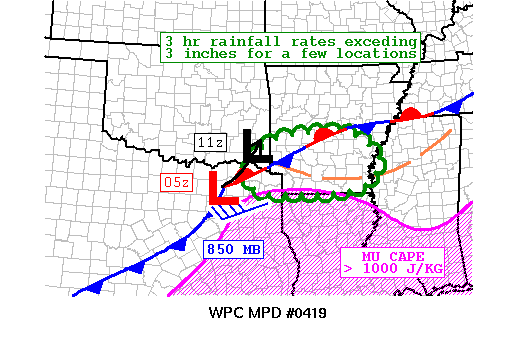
AREAS AFFECTED...ARKLATEX INTO CNTRL/SRN ARKANSAS

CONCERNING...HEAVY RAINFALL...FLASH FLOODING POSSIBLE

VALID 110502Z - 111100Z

SUMMARY...PERIODS OF TRAINING CONVECTION WITH RAINFALL RATES OF
1-2 IN/HR ARE EXPECTED TO DEVELOP BETWEEN 07-10Z FROM THE ARKLATEX
INTO SRN/CNTRL ARKANSAS LEADING TO POSSIBLE FLASH FLOODING.
ALTHOUGH FFG IS 3-4 INCHES IN 3 HOURS...THIS COULD BE EXCEEDED IN
A FEW LOCATIONS.

DISCUSSION...05Z SURFACE ANALYSIS PLACED A 1010 MB LOW JUST E OF
GVT...WITH A QUASISTATIONARY FRONT EXTENDING ENEWD ACROSS CNTRL
ARKANSAS. THE WRN EDGE OF AN OUTFLOW BOUNDARY INTERSECTED THIS
FRONT JUST NORTH OF TXK. SHORT TERM MODEL FORECASTS TAKE THE
SURFACE LOW SLOWLY NEWD INTO SERN OKLAHOMA BY 11Z...WITH A NARROW
CORRIDOR OF ENHANCED 850 MB FLOW DEVELOPING BY 07Z..JUST SOUTHEAST
OF THE LOW ACROSS NERN TEXAS INTO ARKANSAS. IN ADDITION...THE
RIGHT ENTRANCE REGION OF A 70-90 KT UPPER LEVEL JET ALONG WITH A
BIT OF UPPER DIFFLUENCE ALOFT SHOULD SET UP ACROSS THE THREAT
AREA...COINCIDENT WITH THE ENHANCED LOW LEVEL FLOW.

AS WINDS AT 850 STRENGTHEN INTO THE 30-35 KT RANGE BETWEEN 07-10Z
THIS MORNING...WHICH WILL MATCH VERY SIMILARLY TO THE MEAN CLOUD
BEARING LAYER WINDS...TRAINING OF CONVECTION IS EXPECTED TO SET
UP. GIVEN INSTABILITY IN EXCESS OF 1000 J/KG SHOULD STILL BE IN
PLACE IN PARTS OF ERN TEXAS PER RECENT RAP AND HI-RES MODEL
FORECASTS...RAINFALL RATES OF 1-2 IN/HR WILL BE POSSIBLE WITH
TRAINING LEADING TO RATES OF 3-4 INCHES IN 3 HOURS. HI-RES
MODELS...INCLUDING THE 00Z ARW...NSSL WRF...NAM CONEST AND RECENT
RUNS OF THE HRRR ARE SUPPORTING THIS IDEA. ONE NEGATIVE FACTOR IS
THE RECENT DRY CONDITIONS AND RELATIVELY HIGH FLASH FLOOD GUIDANCE
ACROSS THE REGION...3 IN/3 HR...BUT STILL FEEL THIS WILL BE
EXCEEDED IN A FEW SPOTS BY 11Z.